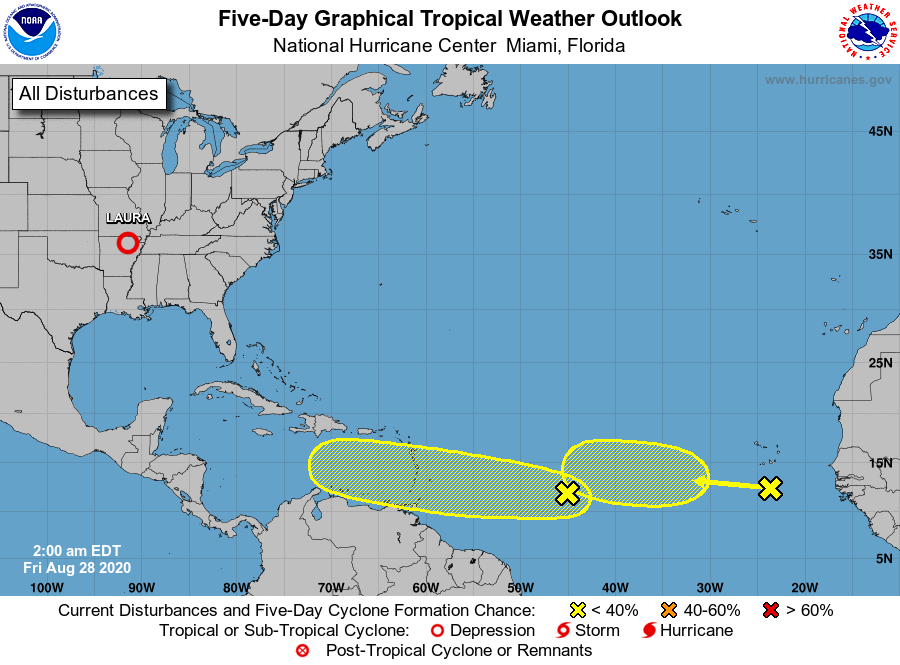
For the North Atlantic...Caribbean Sea and the Gulf of Mexico:

The National Hurricane Center has issued the last advisory on Tropical Depression Laura, centered inland over Arkansas. Future advisories will be issued by the Weather Prediction Center.

1. A tropical wave located about 1000 miles east of the Windward Islands is producing an area of showers and thunderstorms. Some gradual development of this system is possible during the next several days while it moves westward at about 15 mph toward the eastern Caribbean islands.
* Formation chance through 48 hours...low...20 percent.
* Formation chance through 5 days...low...30 percent.

2. Another tropical wave is located over the eastern Atlantic Ocean just west of the Cabo Verde Islands. The northern part of this wave, which should move rapidly westward over the central Atlantic during the next few days, is not forecast to develop as it is expected to remain in unfavorable environmental conditions. However, the southern part of the wave is expected be nearly stationary south of the Cabo Verde Islands for the next several days, and some development of this system is possible early next week when it begins to move slowly westward over the eastern and central tropical Atlantic.
* Formation chance through 48 hours...low...near 0 percent.
* Formation chance through 5 days...low...30 percent.

Public Advisories issued by the Weather Prediction Center on Tropical Depression Laura can be found under AWIPS header TCPAT3, WMO header WTNT33 KWNH, and on the web at https://www.wpc.ncep.noaa.gov and https://www.hurricanes.gov.

Forecaster Cangialosi